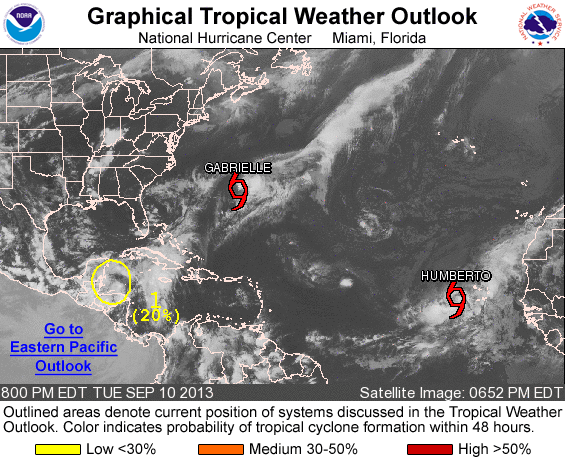
FOR THE NORTH ATLANTIC...CARIBBEAN SEA AND THE GULF OF MEXICO...

THE NATIONAL HURRICANE CENTER IS ISSUING ADVISORIES ON TROPICAL STORM HUMBERTO...LOCATED A COUPLE HUNDRED MILES WEST OF THE SOUTHERNMOST CAPE VERDE ISLANDS...AND ON TROPICAL STORM GABRIELLE...LOCATED JUST SOUTH OF BERMUDA.

1. A TROUGH OF LOW PRESSURE OVER THE NORTHWESTERN CARIBBEAN SEA IS PRODUCING A LARGE AREA OF DISORGANIZED SHOWERS AND THUNDERSTORMS. THE TROUGH IS EXPECTED TO MOVE SLOWLY WEST-NORTHWESTWARD AT 5 TO 10 MPH...AND BEGIN MOVING ACROSS THE YUCATAN PENINSULA TONIGHT...AND ENTER THE BAY OF CAMPECHE ON THURSDAY. SIGNIFICANT DEVELOPMENT IS NOT EXPECTED WHILE THE TROUGH MOVES OVER LAND...AND THIS SYSTEM HAS A LOW CHANCE...20 PERCENT...OF BECOMING A TROPICAL CYCLONE DURING THE NEXT 48 HOURS. UPPER-LEVEL WINDS SHOULD BE CONDUCIVE FOR THE FORMATION OF A TROPICAL DEPRESSION OVER THE SOUTHWESTERN GULF OF MEXICO LATER IN THE WEEK...AND THIS SYSTEM HAS A HIGH CHANCE...70 PERCENT...OF BECOMING A TROPICAL CYCLONE DURING THE NEXT 5 DAYS. LOCALLY HEAVY RAINS AND GUSTY WINDS ARE POSSIBLE OVER BELIZE... GUATEMALA...AND THE YUCATAN PENINSULA OF MEXICO DURING THE NEXT DAY OR TWO.

PUBLIC ADVISORIES ON GABRIELLE ARE ISSUED UNDER WMO HEADER WTNT32 KNHC AND UNDER AWIPS HEADER MIATCPAT2. FORECAST/ADVISORIES ON GABRIELLE ARE ISSUED UNDER WMO HEADER WTNT22 KNHC AND UNDER AWIPS HEADER MIATCMAT2.

FIVE-DAY FORMATION PROBABILITIES ARE EXPERIMENTAL IN 2013. COMMENTS ON THE EXPERIMENTAL FORECASTS CAN BE PROVIDED AT... HTTP://WWW.NWS.NOAA.GOV/SURVEY/NWS-SURVEY.PHP?CODE=ETWO

FORECASTER LANDSEA